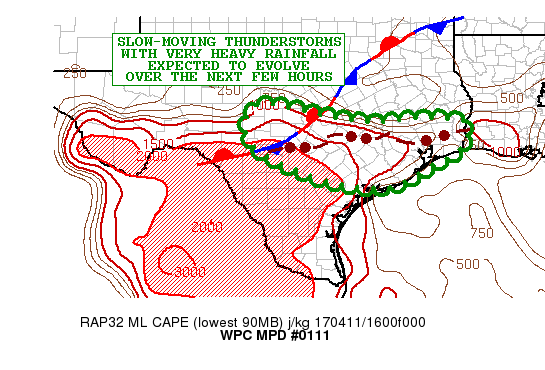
AREAS AFFECTED...SOUTH-CENTRAL TO SOUTHEAST TX

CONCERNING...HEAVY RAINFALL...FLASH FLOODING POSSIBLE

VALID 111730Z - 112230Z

SUMMARY...SLOW-MOVING THUNDERSTORMS WITH VERY HEAVY RAIN ARE
EXPECTED TO EXPAND IN COVERAGE OVER THE NEXT FEW HOURS.

DISCUSSION...THE LATEST SATELLITE AND RADAR IMAGERY SHOWS A
GRADUAL EXPANSION AND ORGANIZATION OF THUNDERSTORMS ACROSS THE TX
HILL COUNTRY AND EXTENDING EAST TOWARD THE SOUTHEAST TX COASTAL
PLAIN. THE CONVECTION IS DEVELOPING ALONG AND JUST SOUTH OF A
SLOW-MOVING COLD FRONT...AND WITH SUPPORT FROM AN APPROACHING
SHORTWAVE TROUGH. MEANWHILE...STRONG DIURNAL HEATING SOUTH OF THE
BOUNDARY IS FOSTERING A ROBUST UPTICK IN BOUNDARY LAYER
INSTABILITY...WITH MLCAPE VALUES ALREADY APPROACHING 2000 J/KG
OVER SOUTH-CENTRAL TX.

OVER THE NEXT FEW HOURS...CONVECTION SHOULD CONTINUE TO EXPAND IN
COVERAGE AND BECOME BETTER ORGANIZED AS THE UPSTREAM ENERGY
INTERACTS WITH AN INCREASINGLY FAVORABLE THERMODYNAMIC ENVIRONMENT
GIVEN THE STRONG DAYTIME HEATING AND AN ALREADY MOIST AIRMASS
CHARACTERIZED BY PWATS NEAR 1.5 INCHES.

THE STEERING FLOW IS RELATIVELY WEAK AT THIS TIME WHICH WILL
RESULT IN SLOW CELL MOTION...HOWEVER AS CONVECTION INCREASES IN
ORGANIZATION THERE SHOULD BE A TENDENCY TO BUILD UP A SUFFICIENT
COLD POOL FOR CONVECTION TO BEGIN BOWING/PROPAGATING MORE
PROGRESSIVELY TO THE SOUTHEAST.

THE 12Z ARW/NMMB SOLUTIONS AND TO AN EXTENT THE LATEST HRRR
GUIDANCE SHOW A DISTINCT LACK OF CONVECTIVE ORGANIZATION THIS
AFTERNOON OVER SOUTH-CENTRAL TX. GIVEN THE THERMODYNAMIC TRENDS
AND THE UPSTREAM ENERGY IT APPEARS THAT THE THUNDERSTORM ACTIVITY
WILL TEND TO BE A BIT MORE WIDESPREAD THROUGH THE AFTERNOON.

EXPECT RAINFALL RATES OF UP TO 3 INCHES/HR BASED ON THE LEVEL OF
MOISTURE/INSTABILITY POOLING AHEAD OF THE COLD FRONT. THIS COUPLED
WITH THE SLOW CELL MOTION WILL PROMOTE LOCALLY VERY HEAVY STORM
TOTALS THAT MAY APPROACH OR LOCALLY EXCEED 5 INCHES. FLASH
FLOODING AS A RESULT WILL BE POSSIBLE.